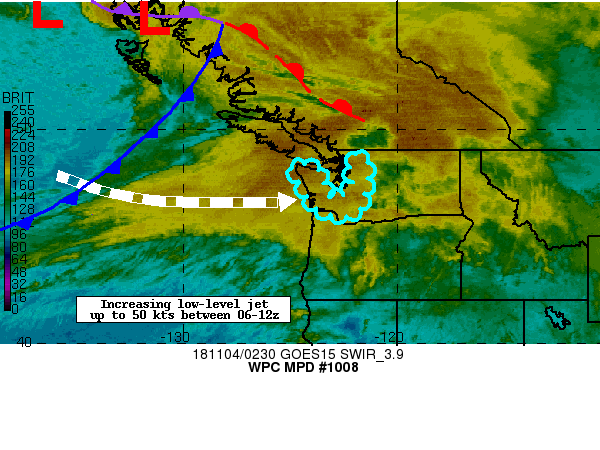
Areas affected...Western and Northern Washington

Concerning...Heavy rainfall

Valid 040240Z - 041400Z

Summary...An atmospheric river event will develop across portions
of northern and western Washington into early Sunday morning and
likely bring heavy rainfall.

Discussion...Latest GOES satellite IR imagery shows a well defined
plume of moisture pushing onshore the far southern British
Columbia and northwest Washington coastlines. The latest blended
TPW product shows the plume focused on the coastline, with values
around 1 to 1.2 inches. This is confirmed by the UIL 00z sounding
which had a PWAT of 1.19 inches. These values are around 2
standard deviations above normal.

Recent radar returns show widespread rain invading the area and
recent estimates and surface observations indicate hourly totals
of 0.10-0.20" are already occurring.

The latest hi-res guidance shows rainfall intensity will increase
steadily through the overnight period, with the best potential for
reaching or exceeding hourly totals of 0.50" between 08-12z across
the Olympic and portions of the Cascades. This should coincide
with the arrival of 50+ kt 850mb jet helping to drive the moisture
flux anomalies as well as coupled with the 100-150 kt jet streak
at 300 mb. All of this should lead to enhanced orographic forcing
allowing rainfall rates to reach 0.50-0.75" per hour. Recent
rainfall events over the last week have primed soils and the area
is running 150-300 percent above normal for rainfall.

Total rainfall amounts of 2-4" (locally higher amounts up to 6")
will be possible through 12z over the Olympic Peninsula and the
northern Cascades of WA. Lesser amounts are expected farther south
across the coastal ranges of southwest WA and southern WA
Cascades.